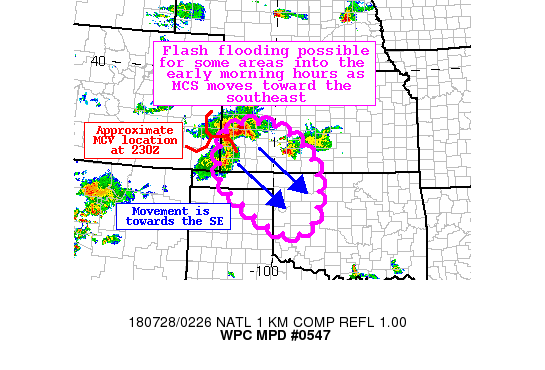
Areas affected...Southwest KS...Western OK...Northeast TX
Panhandle

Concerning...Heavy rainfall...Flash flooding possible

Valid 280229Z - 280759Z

SUMMARY...Organized MCS exiting eastern Colorado will track
towards the southeast across western Kansas and then western
Oklahoma through 8Z Saturday morning.  Flash flooding will be
possible in areas that receive repeated rounds of intense
convection with rates exceeding 2 inches per hour at times.

DISCUSSION...The latest GOES-16 infrared imagery and regional
RADAR mosaic depict organized convection moving out of eastern
Colorado into western Kansas, with an MCV noted on the western
edge of the heavy thunderstorm activity.  The latest RAP analysis
is indicating 1.3 to 1.8 inch PWs over this area, coupled with
1500 to 2500 J/kg of MLCAPE per the SPC mesoanalysis.  A modest
850mb southerly inflow will continue to feed moisture into this
MCS, along with ascent from 250mb right entrance dynamics from a
80kt jet streak over the central plains.  This will help to
sustain the complex through 8Z.

In terms of the high-res guidance, the best signal for heavy
rainfall over the next several hours is over southwest Kansas and
the Oklahoma Panhandle.  However, the NBM and the WRF are
indicating the potential for this convection to remain robust
going into west-central Oklahoma and parts of the Texas Panhandle
during the early morning hours.  The ARW and NMMB appear to be too
localized with the extent of the heavier QPF.